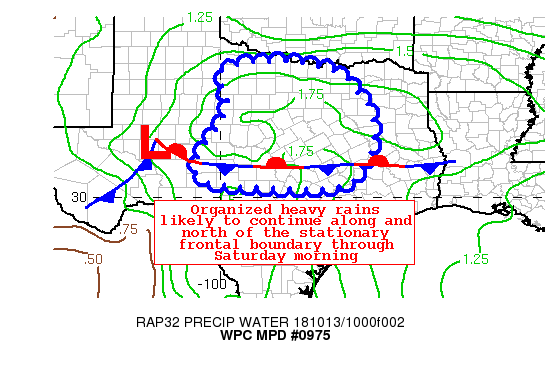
Areas affected...North central Texas

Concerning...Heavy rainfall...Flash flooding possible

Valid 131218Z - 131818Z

Summary...Organized heavy precipitation likely to continue this
morning as the remnant circulation associated with Sergio moves
along the stationary frontal boundary over central Texas.

Discussion...Latest regional radars continue to show an organized
area of heavy rains pushing steadily eastward along and north of
the west to east oriented stationary frontal boundary over central
Texas.  The remnant surface to mid level circulation center
associated with Sergio continue to enhance lift over this boundary
with models showing a strong upper difluence signature through
this morning pushing eastward along and north of the front.  With
PW values expected to remain much above average...2.0-2.5+
standard deviations above the mean...along and north of this
front...confidence is high for continuation of the organized heavy
rain area given the above mentioned strong lift ahead of the
remnants of Sergio.

The simulated radars from the latest hi res guidance from 0000 utc
all show this organized area of heavy precipitation pushing
steadily eastward this morning.  Some typical biases seen with
these simulated radars in being underdone with the simulated
echoes...especially across north Texas this morning in the
arw...nmmb and nssl wrf. The 0600 utc nam conest is the farthest
north with its heavy precip axis over north Texas...having a
better depiction of the current radar here...although this model
is not doing as well farther south. The arw...nmmb and nssl wrf
and 0000 utc nam conest depict the farther south convection better
than the 0600 utc nam conest...but are poorer with the heavy rains
farther to the north.  These models suggest a farther south qpf
axis...closer to the higher cape values expected to expand
northward later this morning across central Texas.

The expected progression to the east of this organized heavy rains
will likely keep hourly rates from being very heavy.  Max hourly
rainfall rates in the latest hi res guidance are in the 1.0-1.5"+
range which seems to be matching the latest dual pole estimates
from regional radars.  With soils showing high saturation
levels..as per the latest national water model...from heavy rains
earlier in the week...runoff issues  possible along and north of
this boundary as this organized heavy rains push east.